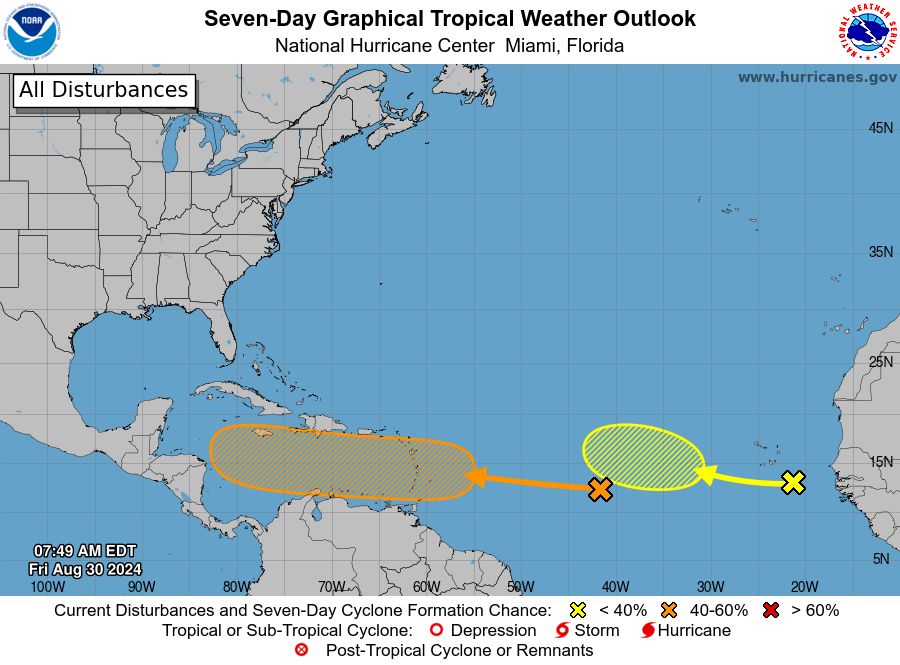
For the North Atlantic...Caribbean Sea and the Gulf of Mexico:

1. Near the Lesser Antilles and Caribbean Sea: Showers and thunderstorms associated with a tropical wave over the central tropical Atlantic remain disorganized. Gradual development of this system is possible during the next few days, and a tropical depression could form some time next week while it moves westward, reaching the Lesser Antilles on Monday and continuing across the Caribbean Sea through the middle to latter part of the week.
* Formation chance through 48 hours...low...near 0 percent.
* Formation chance through 7 days...medium...40 percent.

2. Eastern Tropical Atlantic: Another tropical wave between the west coast of Africa and the Cabo Verde Islands is producing minimal shower and thunderstorm activity. Some slow development of this system is possible through late next week while it moves slowly to the west-northwest over the eastern and central tropical Atlantic.
* Formation chance through 48 hours...low...near 0 percent.
* Formation chance through 7 days...low...20 percent.

Forecaster Berg